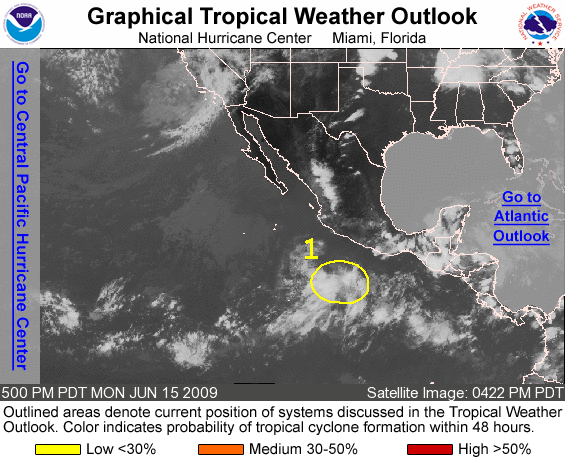
FOR THE EASTERN NORTH PACIFIC...EAST OF 140 DEGREES WEST LONGITUDE..

1. A POORLY-ORGANIZED AREA OF DISTURBED WEATHER LOCATED SEVERAL HUNDRED MILES SOUTHWEST OF ACAPULCO MEXICO IS MOVING SLOWLY WESTWARD. DEVELOPMENT OF THIS SYSTEM...IF ANY...IS EXPECTED TO BE SLOW TO OCCUR. THERE IS A LOW CHANCE...LESS THAN 30 PERCENT...OF THIS SYSTEM BECOMING A TROPICAL CYCLONE DURING THE NEXT 48 HOURS.

ELSEWHERE...TROPICAL CYCLONE FORMATION IS NOT EXPECTED DURING THE NEXT 48 HOURS.

FORECASTER BROWN